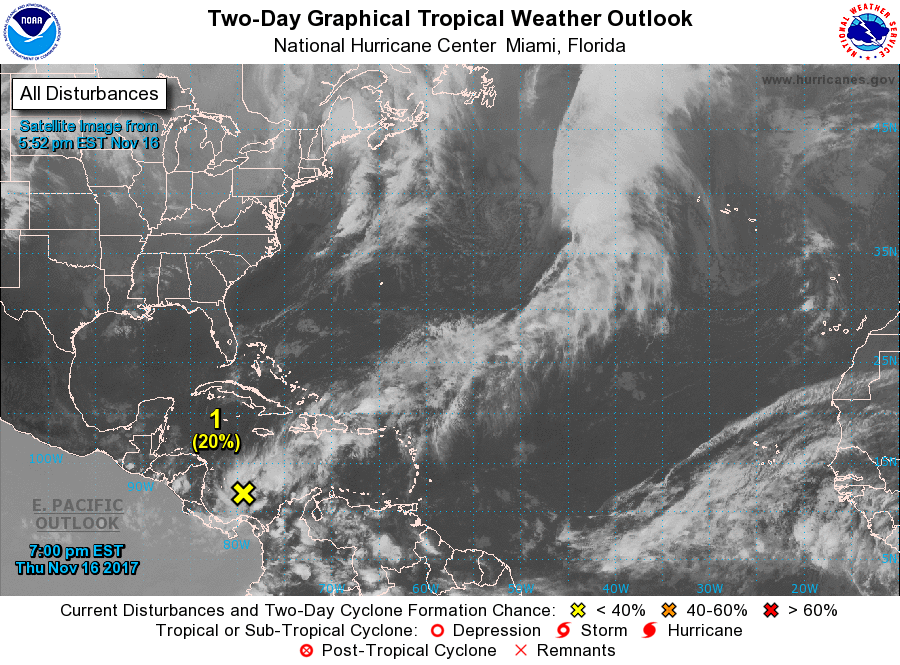
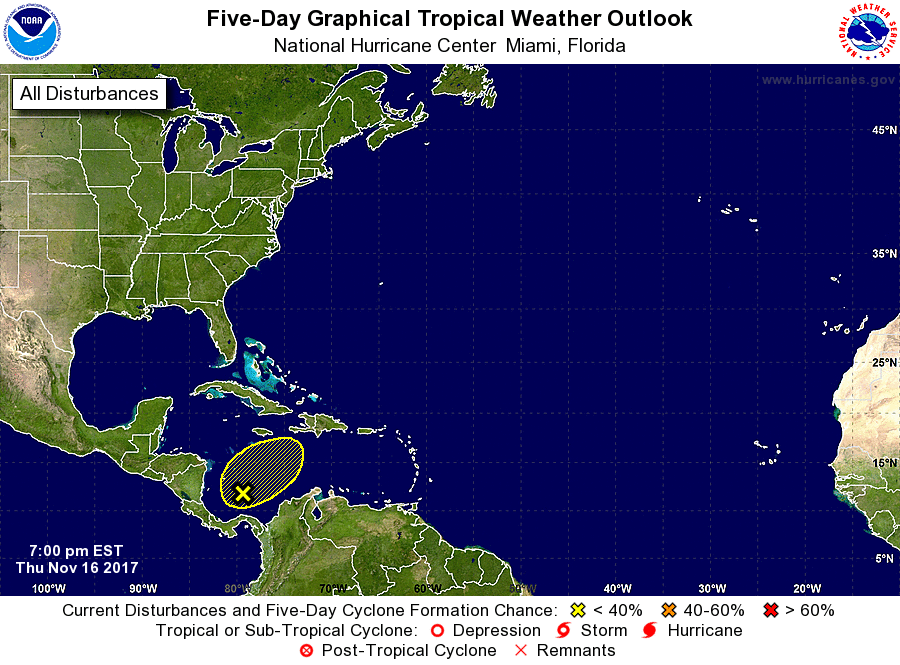
For the North Atlantic...Caribbean Sea and the Gulf of Mexico:

1. An elongated area of low pressure extends from southwest to northeast across the southwestern and central Caribbean Sea. Satellite imagery and ship reports indicate that the system has become a little better organized this evening. However, strong upper-level winds are expected to prevent significant additional development. Regardless of development, heavy rainfall is possible over portions of the northwestern coast of Colombia, Hispaniola, and Puerto Rico during the next few days while the low meanders over the central Caribbean Sea and interacts with an upper-level trough.
* Formation chance through 48 hours...low...20 percent.
* Formation chance through 5 days...low...20 percent.

Forecaster Beven